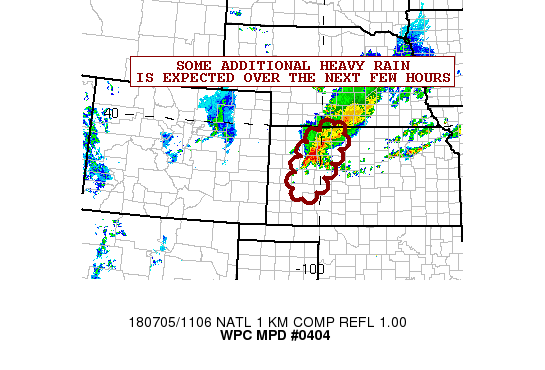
AREAS AFFECTED...WEST-CENTRAL TO NORTHWEST KS

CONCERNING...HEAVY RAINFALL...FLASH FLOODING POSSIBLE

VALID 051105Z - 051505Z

SUMMARY...HEAVY SHOWERS AND THUNDERSTORMS ARE EXPECTED TO
GRADUALLY SETTLE SOUTH OVER THE NEXT FEW HOURS...WITH SOME
ADDITIONAL CONCERNS FOR FLASH FLOODING.

DISCUSSION...THE LATEST RADAR IMAGERY SHOWS A CLUSTER OF RATHER
SLOW-MOVING AND HEAVY SHOWERS AND THUNDERSTORMS ACROSS NORTHWEST
KS THAT IS GRADUALLY SETTLING DOWN TO THE SOUTH. CLOUD TOP
TEMPERATURES AS PER GOES-16 CLEAN IR IMAGERY HAVE ACTUALLY BEEN
TENDING TO COOL A BIT OVER THE LAST 1 TO 2 HOURS...AND THE
CONVECTION REMAINS EMBEDDED IN RELATIVELY DIFFLUENT FLOW ALOFT
COURTESY OF A WEAK MID LEVEL SHEAR AXIS ACROSS THE REGION.

INSTABILITY PARAMETERS ARE STILL SOMEWHAT FAVORABLE FOR CONVECTION
TO MAINTAIN ITSELF OVER THE NEXT 2 TO 3 HOURS...WITH MUCAPE VALUES
OF NEAR 2000 J/KG AND AN AXIS OF RELATIVELY CONFLUENT 850 MB FLOW
NOSING UP ACROSS WESTERN KS. THE CLOUD-BEARING INFLOW IS RATHER
WEAK AT ONLY ABOUT 20 KTS...AND WITH INSTABILITY CONTINUING TO BE
EXHAUSTED...THE EXPECTATION IS FOR CONVECTION TO TEND TO WEAKEN
TOWARD MID-MORNING.

NEVERTHELESS...EXPECT THE ONGOING ACTIVITY TO BE SLOW-MOVING AND
WITH A GENERAL SOUTHWARD MOTION OVER THE NEXT FEW HOURS. THE 00Z
ARW2 APPEARS AT THIS TIME TO HAVE THE BEST HANDLE OF THE ONGOING
ACTIVITY...AND IT SUGGESTS AS MUCH AS AN ADDITIONAL 2 TO 4 INCHES
OF RAIN AT LEAST LOCALLY...AND AIDED BY RAINFALL RATES OF AS MUCH
AS 2 INCHES/HR. SOME ADDITIONAL FLASH FLOODING CONCERNS EXIST AS A
RESULT.